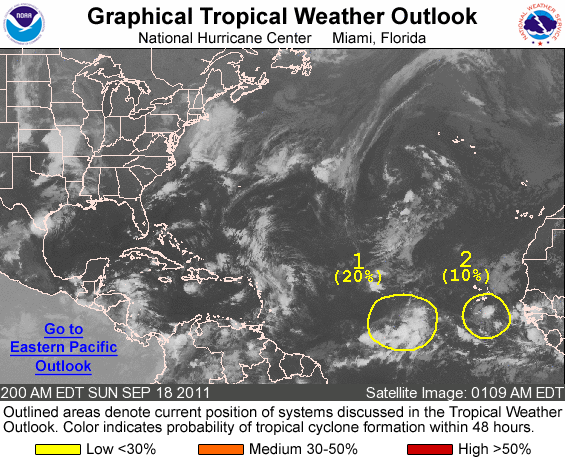
FOR THE NORTH ATLANTIC...CARIBBEAN SEA AND THE GULF OF MEXICO...

1. A BROAD AREA OF LOW PRESSURE LOCATED OVER THE CENTRAL TROPICAL ATLANTIC ABOUT MIDWAY BETWEEN THE LESSER ANTILLES AND AFRICA IS PRODUCING A LARGE AREA OF CLOUDINESS AND THUNDERSTORMS. ENVIRONMENTAL CONDITIONS ARE FAVORABLE FOR GRADUAL DEVELOPMENT OF THIS LARGE DISTURBANCE OVER THE NEXT FEW DAYS AS IT MOVES WESTWARD AT 5 TO 10 MPH. THIS SYSTEM HAS A LOW CHANCE...20 PERCENT...OF BECOMING A TROPICAL CYCLONE DURING THE NEXT 48 HOURS.

2. AN ELONGATED AREA OF LOW PRESSURE IS LOCATED ABOUT 300 MILES SOUTH OF THE CAPE VERDE ISLANDS. THIS SYSTEM HAS CHANGED LITTLE AND DEVELOPMENT...IF ANY...SHOULD BE SLOW TO OCCUR AS IT INTERACTS WITH A LARGER DISTURBANCE TO ITS SOUTHWEST. THIS SYSTEM HAS A LOW CHANCE...10 PERCENT...OF BECOMING A TROPICAL CYCLONE DURING THE NEXT 48 HOURS AS MOVES WEST-NORTHWESTWARD AT 10 TO 15 MPH.

ELSEWHERE...TROPICAL CYCLONE FORMATION IS NOT EXPECTED DURING THE NEXT 48 HOURS.

FORECASTER STEWART